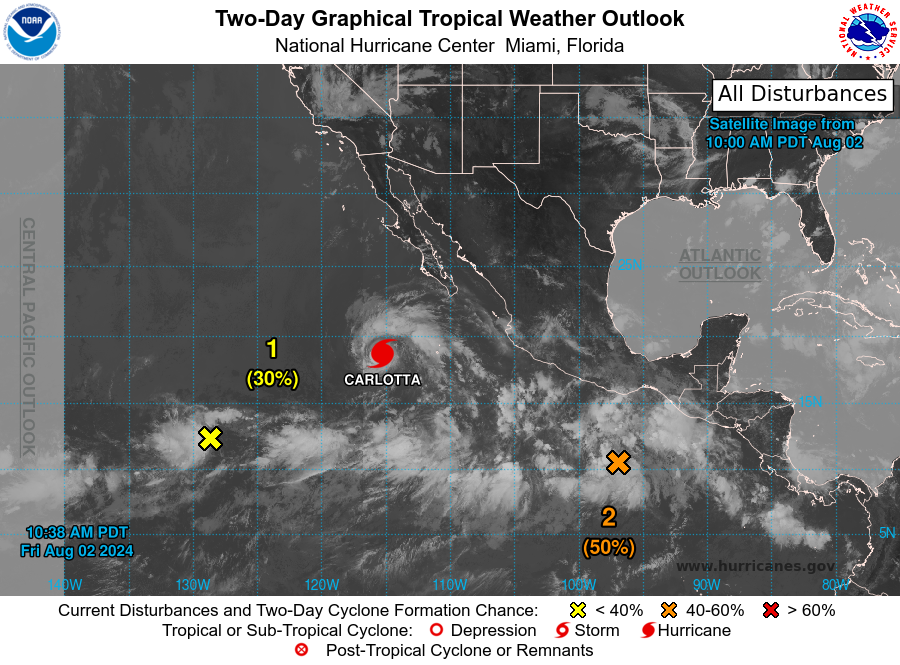
For the eastern North Pacific...east of 140 degrees west longitude:

Active Systems: The National Hurricane Center is issuing advisories on recently upgraded Hurricane Carlotta, located several hundred miles southwest of the southern tip of the Baja California peninsula.

1. Western East Pacific (EP95): Shower and thunderstorm activity has become a little better organized compared to yesterday near and just west of an area of low pressure located well to the west-southwest of the southern tip of the Baja California peninsula. However, marginal environmental conditions are likely to limit development of this system during the next few days. The low is forecast to meander over open waters during the next day or so, then begin moving northeastward by late this weekend.
* Formation chance through 48 hours...low...30 percent.
* Formation chance through 7 days...low...30 percent.

2. South of Southern Mexico (EP96): A broad area of low pressure forming a few hundred miles to the south of southern Mexico is producing a large area of disorganized showers and thunderstorms. Environmental conditions appear conducive for additional development and a tropical depression is likely to form by late this weekend or early next week while the system moves westward to west-northwestward at 10 to 15 mph, staying well offshore of the coast of Mexico.
* Formation chance through 48 hours...medium...50 percent.
* Formation chance through 7 days...high...90 percent.

Forecaster Papin